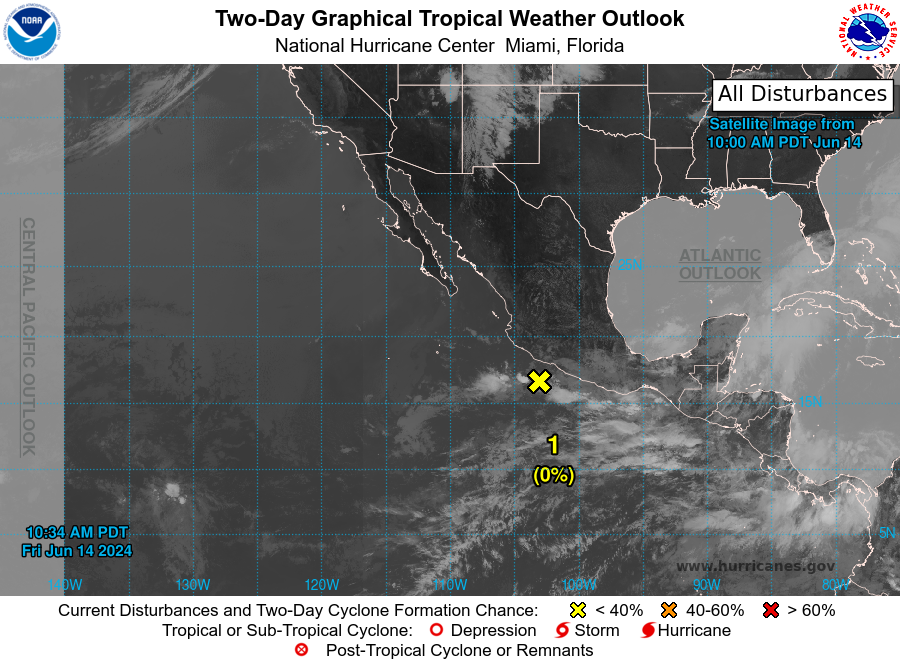
For the eastern North Pacific...east of 140 degrees west longitude:

1. Offshore of Southern Mexico: A broad area of low pressure located a couple of hundred miles southwest of Acapulco, Mexico, is producing limited shower and thunderstorm activity. Environmental conditions are forecast to remain unfavorable, and development of this system is not expected.
* Formation chance through 48 hours...low...near 0 percent.
* Formation chance through 7 days...low...near 0 percent.

Forecaster Kelly